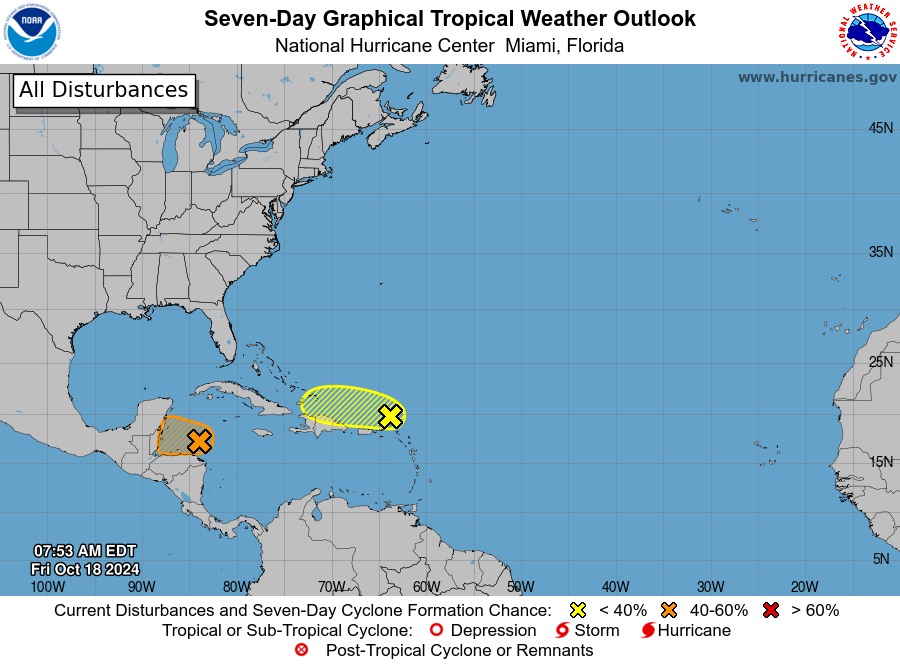
For the North Atlantic...Caribbean Sea and the Gulf of Mexico:

1. North of Puerto Rico and the Virgin Islands (AL94): A trough of low pressure is producing disorganized showers and thunderstorms extending a couple hundred miles north of Puerto Rico and the Virgin Islands. Development, if any, of this disturbance should be slow to occur while it moves quickly westward to west-northwestward at around 20 mph, continuing north of Puerto Rico and the Virgin Islands today, then near Hispaniola and the southeastern Bahamas this weekend. Further development is not expected due to strong upper-level winds by early next week.
* Formation chance through 48 hours...low...10 percent.
* Formation chance through 7 days...low...10 percent.

2. Western Caribbean Sea (AL95): Widespread showers and thunderstorms continue across the northwestern Caribbean Sea in association with a broad area of low pressure that is gradually becoming better defined to the north of eastern Honduras. Environmental conditions appear conducive for some additional development over the next day or so, and a short-lived tropical depression or storm could form before the system moves inland over Belize and the Yucatan Peninsula of Mexico on Saturday. Regardless of development, locally heavy rainfall is likely across portions of Central America and southern Mexico through the weekend.
* Formation chance through 48 hours...medium...50 percent.
* Formation chance through 7 days...medium...50 percent.

Forecaster Hogsett/Cangialosi